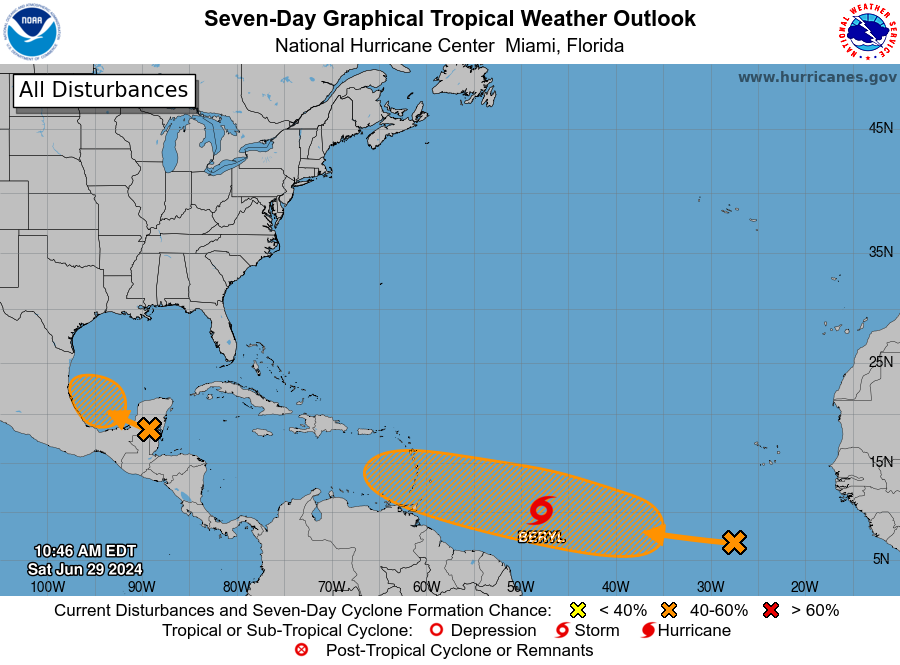
For the North Atlantic...Caribbean Sea and the Gulf of Mexico:

Active Systems: The National Hurricane Center is issuing advisories on Tropical Storm Beryl, located over the central tropical Atlantic Ocean.

1. Northwestern Caribbean/Southwestern Gulf of Mexico (AL94): A broad area of low pressure is forecast to form over the Bay of Campeche tonight or early Sunday, where conditions appear generally conducive for further development. A tropical depression could form before the system moves inland again early next week over Mexico. Interests along the Gulf coast of Mexico should monitor the progress of this system. Regardless of development, heavy rainfall associated with the area of low pressure will affect portions of Central America and Mexico through early next week.
* Formation chance through 48 hours...medium...40 percent.
* Formation chance through 7 days...medium...40 percent.

2. Eastern Tropical Atlantic: An area of low pressure located several hundred miles southwest of the Cabo Verde Islands is producing an area of disorganized showers and thunderstorms. Environmental conditions appear conducive for additional development of this system, and a tropical depression could form by the middle of next week while it moves generally westward at 15 to 20 mph across the eastern and central tropical Atlantic.
* Formation chance through 48 hours...low...20 percent.
* Formation chance through 7 days...medium...60 percent.

Public Advisories on Tropical Storm Beryl are issued under WMO header WTNT32 KNHC and under AWIPS header MIATCPAT2. Forecast/Advisories on Tropical Storm Beryl are issued under WMO header WTNT22 KNHC and under AWIPS header MIATCMAT2.

Forecaster Roberts